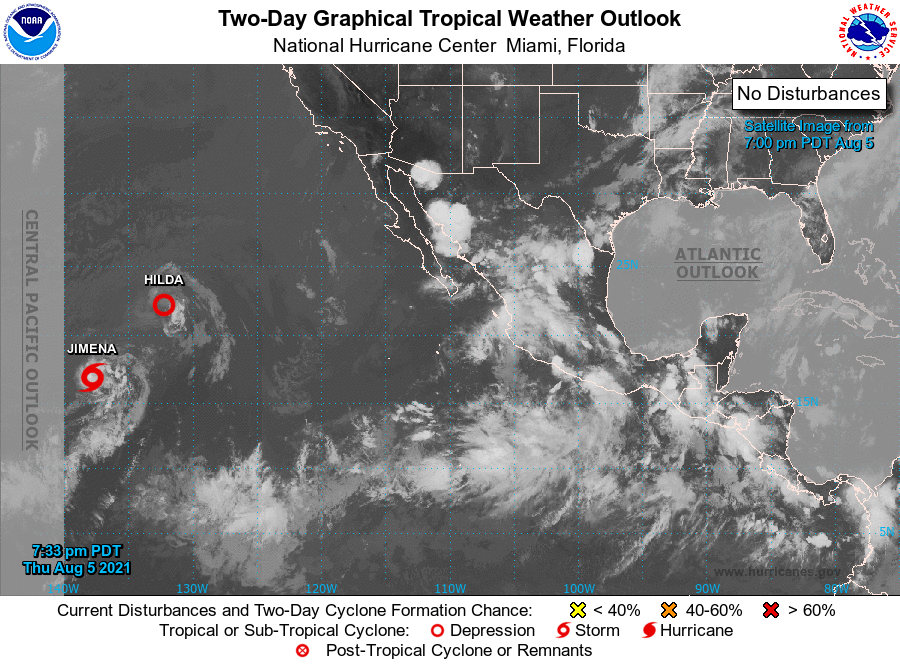
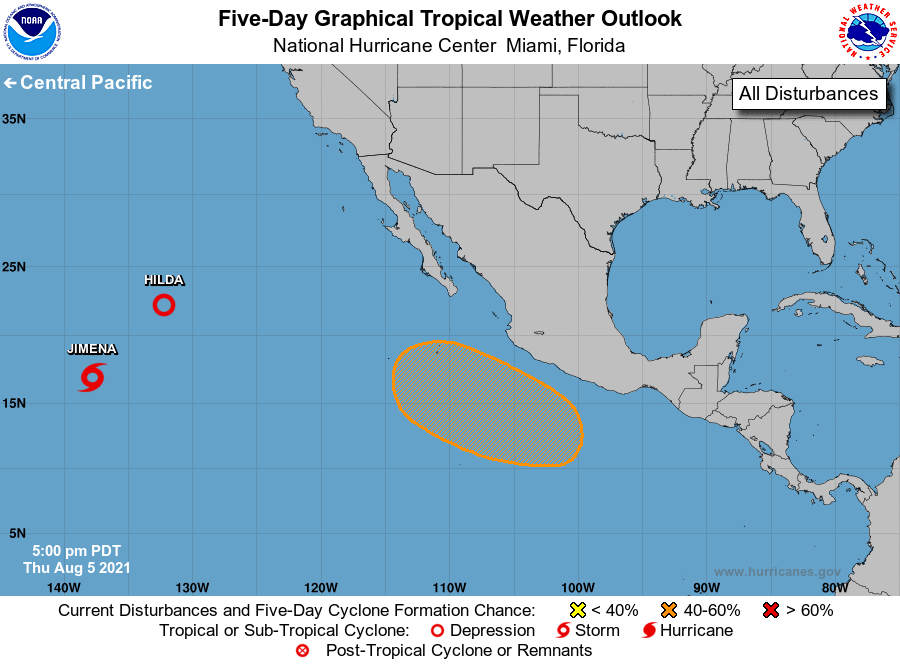
For the eastern North Pacific...east of 140 degrees west longitude:

The National Hurricane Center is issuing advisories on Tropical Storm Jimena, located over the far western portion of the eastern Pacific basin, and on Tropical Depression Hilda, located over 1300 miles west of the southern tip of the Baja California peninsula.

1. A broad area of low pressure is expected to develop a few hundred miles offshore of the southwestern coast of Mexico this weekend. Environmental conditions are forecast to be conducive for gradual development thereafter, and a tropical depression could form early next week while the system moves west-northwestward at 10 to 15 mph, parallel to and offshore of the coast of southwestern Mexico.
* Formation chance through 48 hours...low...near 0 percent.
* Formation chance through 5 days...medium...60 percent.

Public Advisories on Tropical Storm Jimena are issued under WMO header WTPZ34 KNHC and under AWIPS header MIATCPEP4. Forecast/Advisories on Tropical Storm Jimena are issued under WMO header WTPZ24 KNHC and under AWIPS header MIATCMEP4.

Forecaster Reinhart/Cangialosi